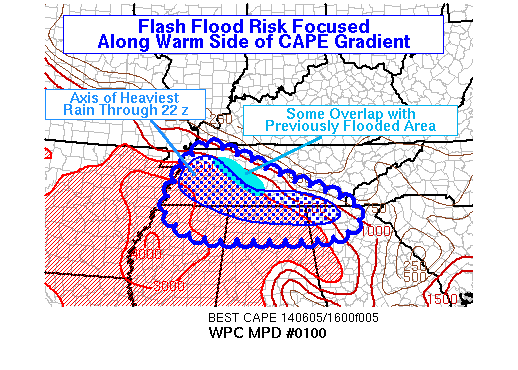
AREAS AFFECTED...TN...NRN MS...NRN AL...NRN GA

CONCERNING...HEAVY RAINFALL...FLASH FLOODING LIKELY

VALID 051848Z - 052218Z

SUMMARY...ADDITIONAL FLASH FLOODING IS MOST LIKELY TO OCCUR WHERE
WARM ADVECTION FOCUSES SLOW MOVING CELLS IN ADVANCE OF A RAPIDLY
MOVING MCS. THE MCS TRACK IS ANTICIPATED ALONG THE LEADING EDGE OF
UNSTABLE AIR FROM THE MEMPHIS AREA TOWARD SOUTHERN TN AND ADJACENT
STATES. THE NORTHERN AND EASTERN EDGE OF THE AFTERNOON CONVECTION
WILL OVERLAP WITH THE AREA ALREADY FLOODED BY EARLIER EVENTS.

DISCUSSION...WE REMAIN MODERATELY CONFIDENT THAT THE HEAVIEST
AFTERNOON RAINFALL WILL TRACK NEAR AND SOUTH OF AREAS HARDEST HIT
BY EARLY MORNING FLOODING...ALTHOUGH THERE WILL BE SOME OVERLAP OF
NEW RAINFALL INTO THIS AREA. AT 1830Z CONVECTION WITHIN A WARM
ADVECTION REGIME HAD GROWN IN SCALE ACROSS WESTERN TN...IN ADVANCE
OF A RAPIDLY APPROACHING MCS. RADAR LOOPS SUGGESTED THIS NEW
ACTIVITY WAS HAVING DIFFICULT PENETRATING THE STABLE BUBBLE LEFT
BY AN EARLY MORNING FLOOD EVENT FROM BENTON TO PERRY AND HICKMAN
COUNTIES...WHICH WAS FURTHER EVIDENCED BY ADDITIONAL SHOWERY
ACTIVITY FORMING EAST OF THE STABLE BUBBLE. MID LEVEL WINDS WILL
STEER ANY PRE-EXISTING OR NEWLY DEVELOPED MESOSCALE VORTICES
EASTWARD...AND MAY SUPPORT MODERATE RAIN OVER THESE COUNTIES. BUT
INTENSE RAINFALL IS MORE LIKELY TO OCCUR FARTHER SOUTH AND EAST
WHERE 850 MB MOISTURE TRANSPORT IS FOCUSED PER THE GFS AND WHERE
FORCING ASSOCIATED WITH THE STRONG COLD POOL ENTERING WESTERN TN
WILL BE ABLE TO OVERCOME RATHER WARM MID LEVELS TO SPUR ADDITIONAL
CONVECTION.

FEW MODELS WERE HANDLING THE COLD POOL WELL. ONLY THE 00Z PARALLEL
NAM CONUS NEST AND HRRR DISPLAYED A REASONABLE SENSE OF CONTINUED
HEAVY RAIN MOVING DOWNSTREAM FROM ITS CURRENT POSITION. THOSE
MODELS SUGGEST THE CONVECTION WILL STRUGGLE AS IT LOSES
LATITUDE...BUT COOLER MID LEVELS TO THE EAST ALONG WITH ENHANCED
850 MB MOISTURE TRANSPORT SHOULD SUPPORT A CONTINUATION INTO THE
EARLY EVENING HOURS.